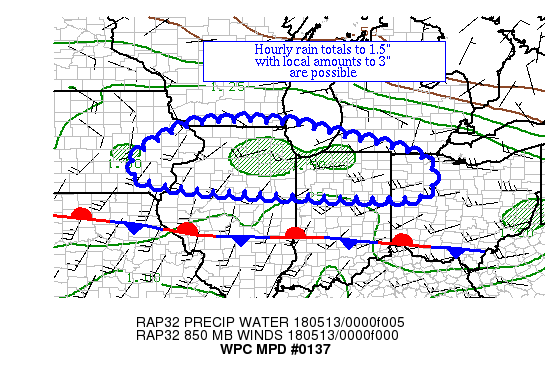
AREAS AFFECTED...EASTERN IA INTO NORTHWEST OH

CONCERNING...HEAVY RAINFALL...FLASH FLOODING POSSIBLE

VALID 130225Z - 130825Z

SUMMARY...A PAIR OF SHORTWAVES ARE EXPECTED TO INITIATE CONVECTION
WITH HEAVY RAINFALL SHORTLY NEAR THE 850 HPA PORTION OF A FRONTAL
BOUNDARY WITHIN AN INSTABILITY GRADIENT.  HOURLY RAIN TOTALS TO
1.5" WITH LOCAL AMOUNTS TO 3" ARE POSSIBLE THROUGH 08Z.

DISCUSSION...A PAIR OF SHORTWAVES ARE NOTED ON GOES-16 WATER VAPOR
IMAGERY NEAR NORTHWEST WI AND SOUTHWEST MN, WHICH SHOW SOME
DARKENING AS OF LATE.  THIS HAS HELPED INITIATE A ROUND OF SHOWERS
AND THUNDERSTORMS NEAR THE MN/IA BORDER INTO SOUTHERN WI, WHICH
THE 18Z HREF PROBABILITIES OF REACHING 0.5" APPEAR TO BE HANDLING
WELL.  ANOTHER FIELD OF SHOWERS IS FORMING TO THE SOUTH NEAR THE
IA/IL BORDER, WHICH APPEARS TO BE CLOSER TO THE MORE IMPORTANT
FOCUS FOR LATER CONVECTION.  PRECIPITABLE WATER VALUES ARE
1.3-1.4" IN THIS REGION PER GPS DATA AND THE DAVENPORT IA 00Z
SOUNDING, WHICH WAS MOIST SHOWING WET BULB ZERO HEIGHTS NEAR
11,500 FEET.  INFLOW AT 850 HPA IS WEST-SOUTHWEST AT 30 KTS PER
THE DAVENPORT IA VAD WIND PROFILE, NEAR THE MAGNITUDE OF THE
850-400 HPA MEAN WIND.  THE AREA IS IN A MU CAPE GRADIENT NEAR THE
850 HPA SLICE OF A FRONTAL ZONE, WITH 1000+ J/KG OF MU CAPE LYING
TO THE SOUTH.  EFFECTIVE BULK SHEAR IS 30-45 KTS PER SPC
MESOANALYSES.

THE 18Z HREF PROBABILITIES OF REACHING 0.5" SHARPLY INCREASE OVER
THE NEXT HOUR ACROSS EASTERN IA AND NORTHWEST IL, NEAR THE
SOUTHERN PATCH OF SHOWERS, WHICH INCREASE FURTHER AND EXPAND
EASTWARD INTO NORTHWEST OH WITH TIME.  VEERING IN THE 850 HPA WIND
WITH TIME IMPLIES THAT THE STORMS SHOULD MOVE AS A GROUP OFF TO
THE EAST/EAST-SOUTHEAST AT 30 KTS.  THE PROBABILITIES OF 1"+ AN
HOUR TOTALS INCREASES ABOVE 40% BETWEEN 04-08Z.  FLASH FLOOD
GUIDANCE VALUES ARE RATHER LOW ACROSS EASTERN IA AND NORTHERN IL,
WHICH COULD BE EXCEEDED BY THE EXPECTED RAINFALL.  THE MESOSCALE
GUIDANCE GENERALLY ADVERTISES LOCAL AMOUNTS IN THE 2-3" RANGE OVER
THE NEXT SIX HOURS.  HOURLY RAIN TOTALS UP TO 1.5" ARE SUPPORTED
BY THE AVAILABLE MOISTURE AND INSTABILITY.  WHILE CELL TRAINING IS
EXPECTED TO BE THE MAIN ISSUE FROM A HEAVY RAINFALL PERSPECTIVE, A
RANDOM MESOCYCLONE OR TWO ARE POSSIBLE GIVEN THE AVAILABLE BULK
SHEAR AND INSTABILITY AND CELL MERGERS CAN'T BE RULED OUT.